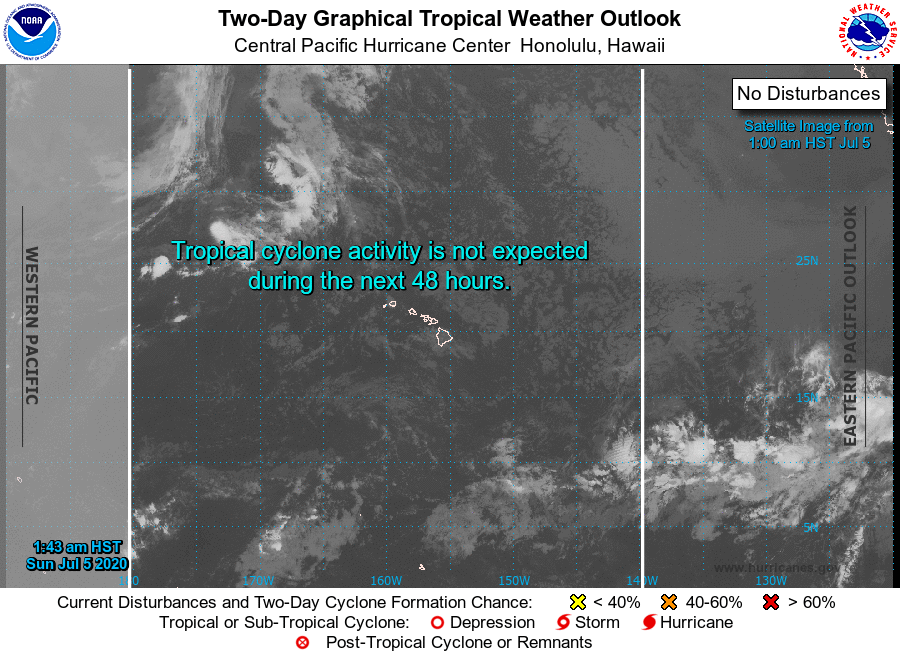
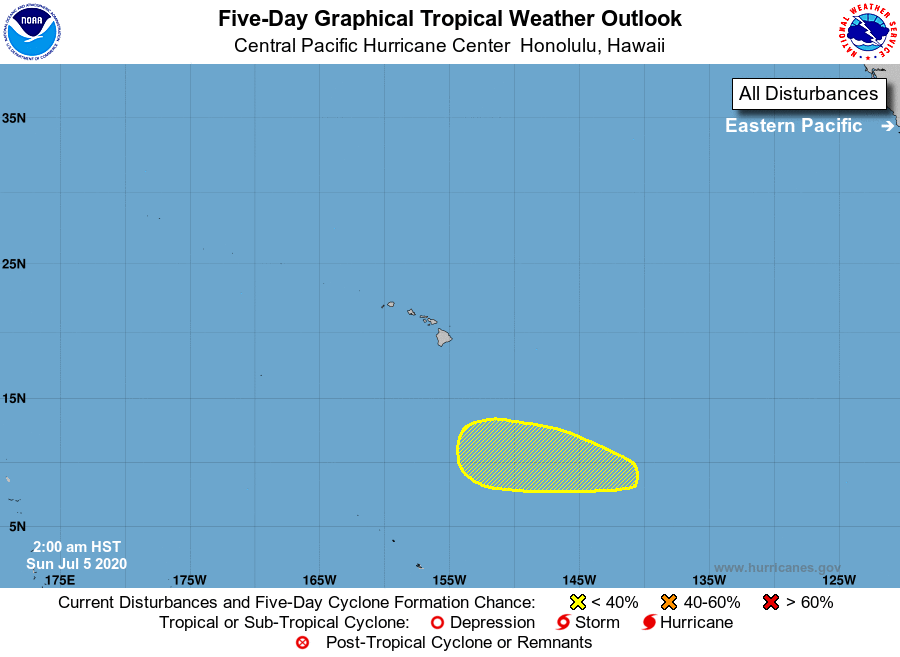
For the central North Pacific...between 140W and 180W:

1. An area of low pressure is forecast to form far southeast of the Big Island of Hawaii in a couple of days. Environmental conditions may become conducive for development later in the week while it moves westward.
* Formation chance through 48 hours...low...near 0 percent.
* Formation chance through 5 days...low...20 percent.

Elsewhere, no tropical cyclones are expected during the next 5 days.

Forecaster Gibbs